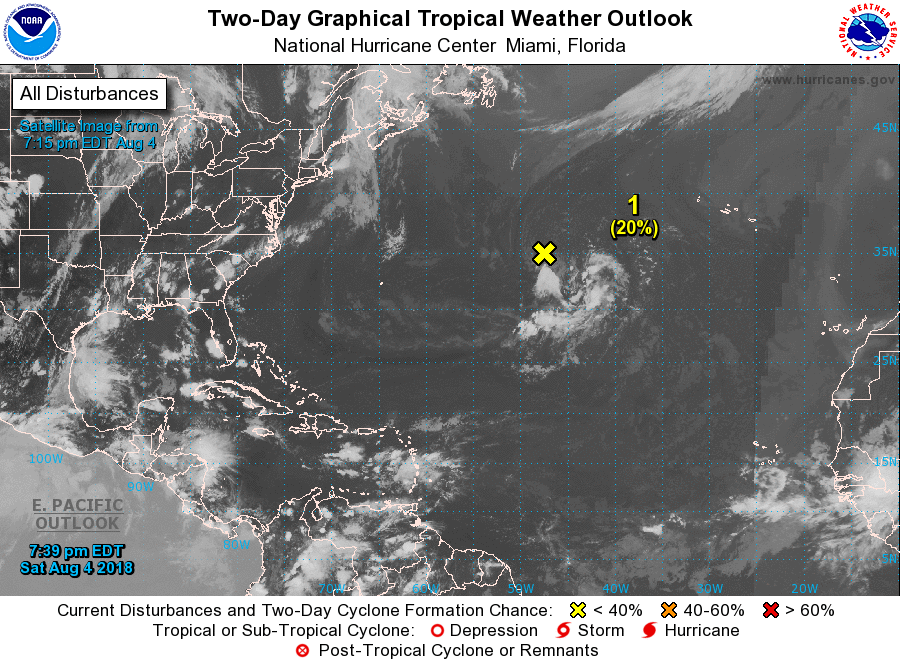
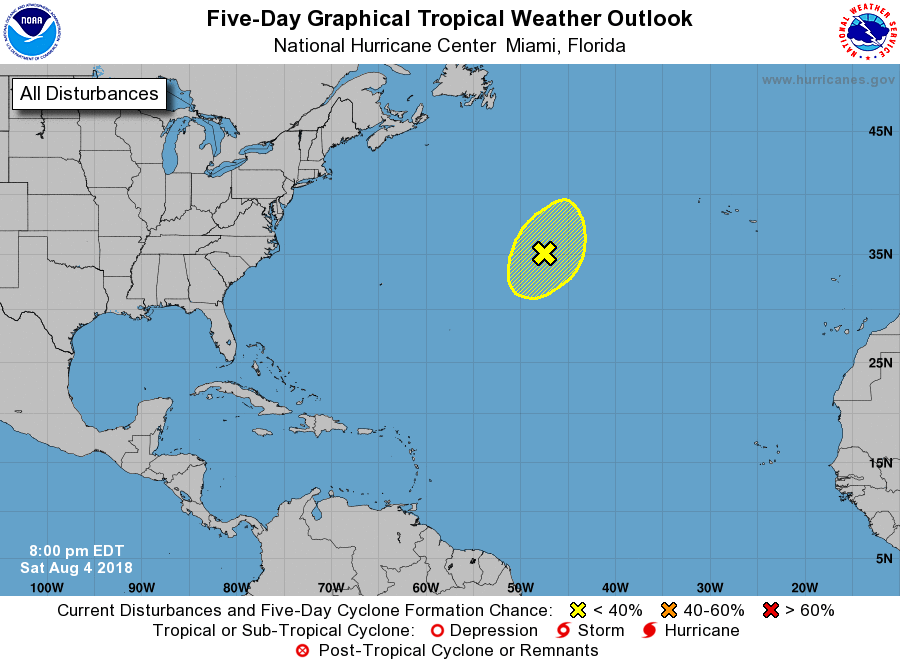
For the North Atlantic...Caribbean Sea and the Gulf of Mexico:

1. Shower activity associated with a non-tropical low pressure system centered about 950 miles west-southwest of the Azores remains limited. However, the low could gradually acquire subtropical or tropical characteristics while it moves southwestward over the next day or two, and then lifts back to the northeast and remains over warm water through Tuesday. Additional information on this low pressure area can be found in High Seas Forecasts issued by the National Weather Service.
* Formation chance through 48 hours...low...20 percent.
* Formation chance through 5 days...low...30 percent.

High Seas Forecasts issued by the National Weather Service can be found under AWIPS header NFDHSFAT1, WMO header FZNT01 KWBC, and on the Web at https://ocean.weather.gov/shtml/NFDHSFAT1.shtml.

Forecaster Beven